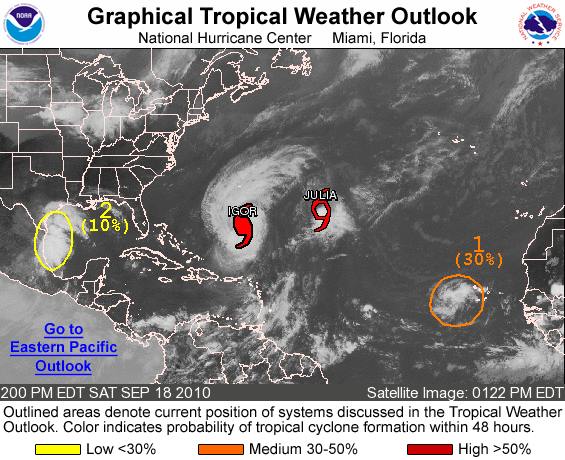
FOR THE NORTH ATLANTIC...CARIBBEAN SEA AND THE GULF OF MEXICO...

THE NATIONAL HURRICANE CENTER IS ISSUING ADVISORIES ON HURRICANE IGOR...LOCATED ABOUT 400 MILES SOUTH OF BERMUDA...AND ON TROPICAL STORM JULIA...LOCATED ABOUT 1515 MILES WEST-SOUTHWEST OF THE AZORES.

1. SHOWERS AND THUNDERSTORMS ASSOCIATED WITH A BROAD LOW PRESSURE AREA LOCATED A COUPLE HUNDRED MILES SOUTHWEST OF THE CAPE VERDE ISLANDS HAVE CHANGED LITTLE IN ORGANIZATION DURING THE LAST SEVERAL HOURS. ENVIRONMENTAL CONDITIONS APPEAR SOMEWHAT CONDUCIVE FOR ADDITIONAL GRADUAL DEVELOPMENT OF THIS DISTURBANCE DURING THE NEXT COUPLE OF DAYS AS IT MOVES SLOWLY WEST-NORTHWESTWARD. THERE IS A MEDIUM CHANCE...30 PERCENT...OF THIS SYSTEM BECOMING A TROPICAL CYCLONE DURING THE NEXT 48 HOURS.

2. SHOWERS AND THUNDERSTORMS OVER THE WESTERN GULF OF MEXICO ARE ASSOCIATED WITH A BROAD SURFACE TROUGH NEAR THE COAST OVER EXTREME SOUTHERN TEXAS AND NORTHEAST MEXICO. ALTHOUGH ENVIRONMENTAL CONDITIONS ARE CONDUCIVE FOR DEVELOPMENT...THIS SYSTEM IS LIKELY TO MOVE INLAND BEFORE SIGNIFICANT DEVELOPMENT OCCURS. THERE IS A LOW CHANCE...10 PERCENT...OF THIS SYSTEM BECOMING A TROPICAL CYCLONE DURING THE NEXT 48 HOURS.

ELSEWHERE...TROPICAL CYCLONE FORMATION IS NOT EXPECTED DURING THE NEXT 48 HOURS.

FORECASTER BEVEN/KIMBERLAIN